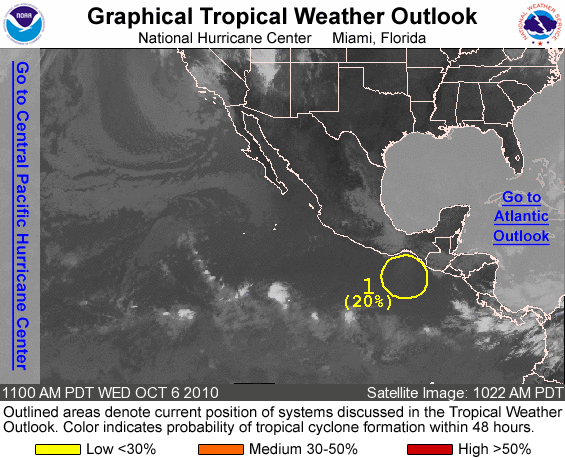
FOR THE EASTERN NORTH PACIFIC...EAST OF 140 DEGREES WEST LONGITUDE..

1. A SMALL LOW PRESSURE SYSTEM IS PRODUCING SCATTERED THUNDERSTORMS ABOUT 875 MILES SOUTH OF THE SOUTHERN TIP OF BAJA CALIFORNIA. ENVIRONMENTAL CONDITIONS ARE ONLY MARGINALLY FAVORABLE AND DEVELOPMENT...IF ANY...SHOULD BE SLOW TO OCCUR. THERE IS A LOW CHANCE...20 PERCENT...OF THIS SYSTEM BECOMING A TROPICAL CYCLONE DURING THE NEXT 48 HOURS AS IT MOVES WESTWARD AT ABOUT 15 MPH.

ELSEWHERE...TROPICAL CYCLONE FORMATION IS NOT EXPECTED DURING THE NEXT 48 HOURS.

FORECASTER STEWART